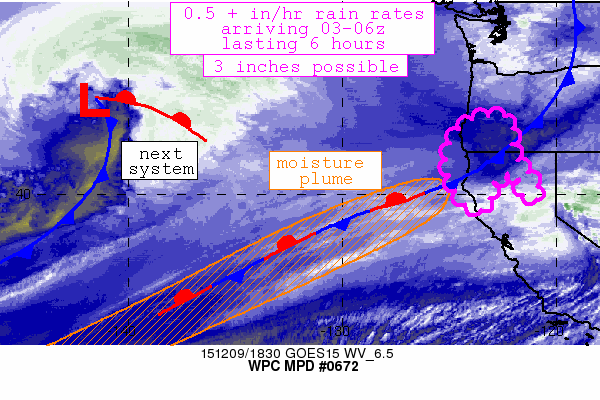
AREAS AFFECTED...SW OREGON/N. CALIFORNIA

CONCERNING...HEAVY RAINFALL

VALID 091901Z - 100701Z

SUMMARY...THE NEXT SURGE OF HEAVY RAINFALL WILL REACH N.
CALIFORNIA AND SW. OREGON 03-06Z AND LAST FOR 6 HOURS...WITH 3
INCHES OF RAIN POSSIBLE.

DISCUSSION...THE FRONTAL BOUNDARY OVER N. CALIFORNIA HAS NEARLY
STALLED WITH A DEEP PW PLUME NEAR 1 INCH RUNNING SOUTHWEST AND
PARALLEL TO THE BOUNDARY. MEANWHILE...WATER VAPOR AND INFRARED
IMAGERY SHOW A POWERFUL CYCLONE NEAR 45N/145W WITH MODEST
LIGHTENING DENSITY ALONG A TRAILING COLD FRONT AND A RECENT AMSU
PASS SHOWING 6-HOURLY RAIN RATES NEAR 0.75 WHICH IS HIGH FOR A
COARSELY-GRIDDED VALUE.

OTHER THAN THE 12Z GEM REGIONAL AND TO A LESSER EXTENT THE 00Z
ECMWF...MODELS INCLUDING HI-RES SOLUTIONS...ALLOW THE CYCLONE TO
CONTINUE APPROACHING THE STALLED FRONT TOWARD 00Z...WITH THE
STALLED FRONT ACROSS N. CA THEN SURGING NORTHWARD WITH 850-700 MB
MOISTURE FLUX ANOMALIES OF 3 TO 4 STANDARD DEVIATIONS ABOVE NORMAL
ACCOMPANYING THE WARM FRONTAL AND COLD FRONTAL PASSAGES.

BASED ON A MODEL CONSENSUS OF THE HI-RES SOLUTIONS...850 TO 700 MB
LAYER WINDS OF 60 TO 80 KNOTS...PW VALUES OF 1 TO 1.25
INCHES...AND ACCOUNTING FOR WEAK CONVECTIVE INSTABILITY AND
OROGRAPHICS...HOURLY RAIN RATES OF 0.5 INCHES ARE LIKELY AND
SHOULD LAST FOR UPWARDS OF 6 HOURS...WITH AN ARRIVAL TIME OF
03-06Z. BASED ON THESE NUMBERS...TOTAL RAINFALL AMOUNTS MAY REACH
3 INCHES FROM THE SHASTAS AND SISKIYOUS...NORTHWARD INTO THE S.
OREGON CASCADES OVERNIGHT.